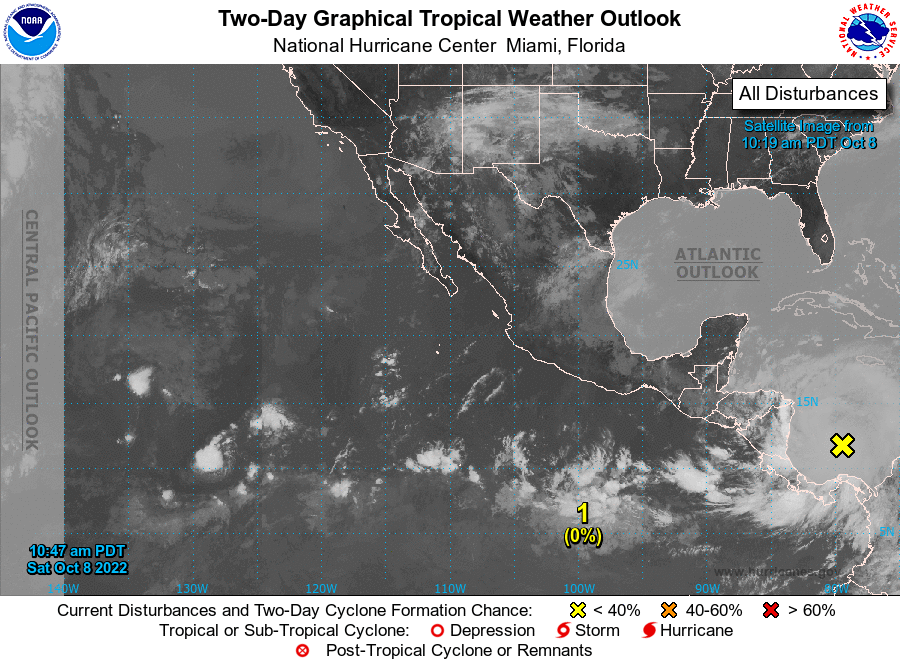
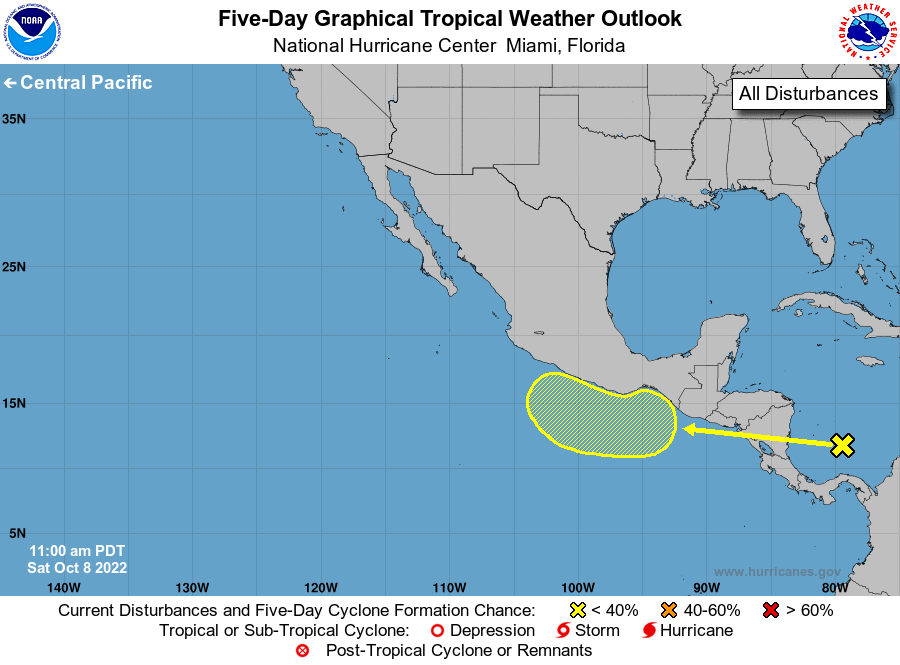
For the eastern North Pacific...east of 140 degrees west longitude:

1. Off the coast of Central America and Southern Mexico: Tropical Storm Julia is located over the southwestern Caribbean Sea and is forecast to cross portions of Central America Sunday and Sunday night. Although the system is expected to dissipate over the extreme eastern Pacific in a few days, environmental conditions appear conducive for some development of the remaining disturbance as it passes to the south of southern Mexico by the middle of next week. More information on Tropical Storm Julia can be found on the web at hurricanes.gov.
* Formation chance through 48 hours...low...near 0 percent.
* Formation chance through 5 days...low...20 percent.

Public Advisories on Tropical Storm Julia are issued under WMO header WTNT33 KNHC and under AWIPS header MIATCPAT3. Forecast/Advisories on Tropical Storm Julia are issued under WMO header WTNT23 KNHC and under AWIPS header MIATCMAT3.

Forecaster Latto